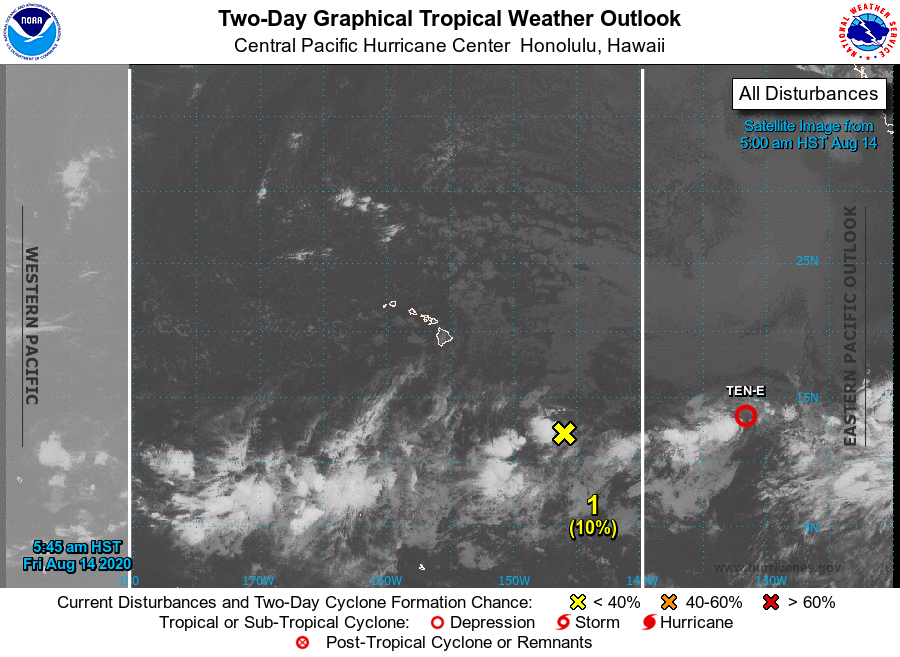
For the central North Pacific...between 140W and 180W:

1. A broad area of low pressure located around 800 miles southeast of Hilo, Hawaii, continues to produce disorganized showers and thunderstorms. Some gradual development of this system is possible through early next week while it moves westward at around 10 mph.
* Formation chance through 48 hours...low...10 percent.
* Formation chance through 5 days...low...30 percent.

Elsewhere, no tropical cyclones are expected during the next 5 days.

Forecaster Gibbs